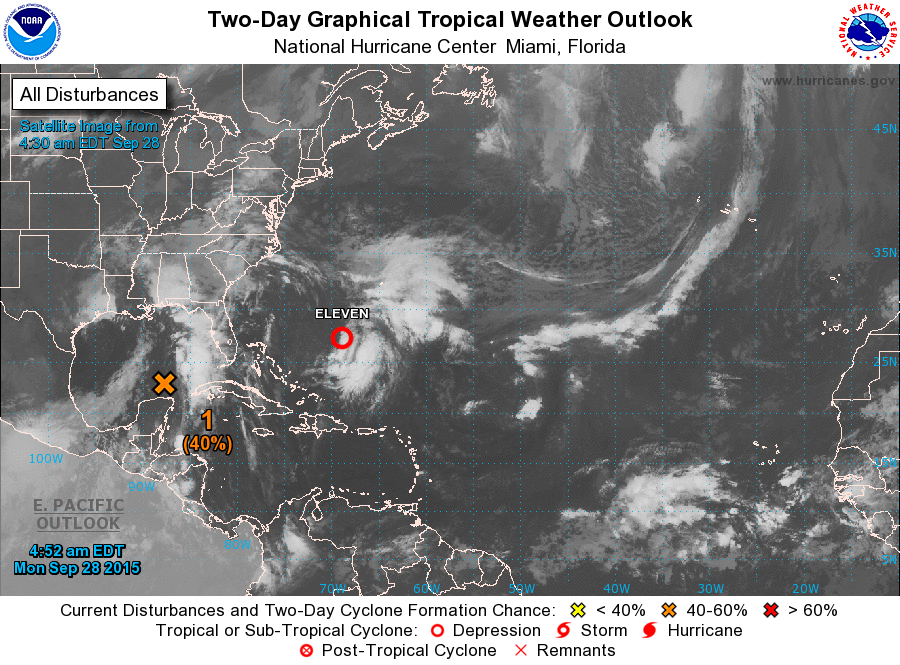
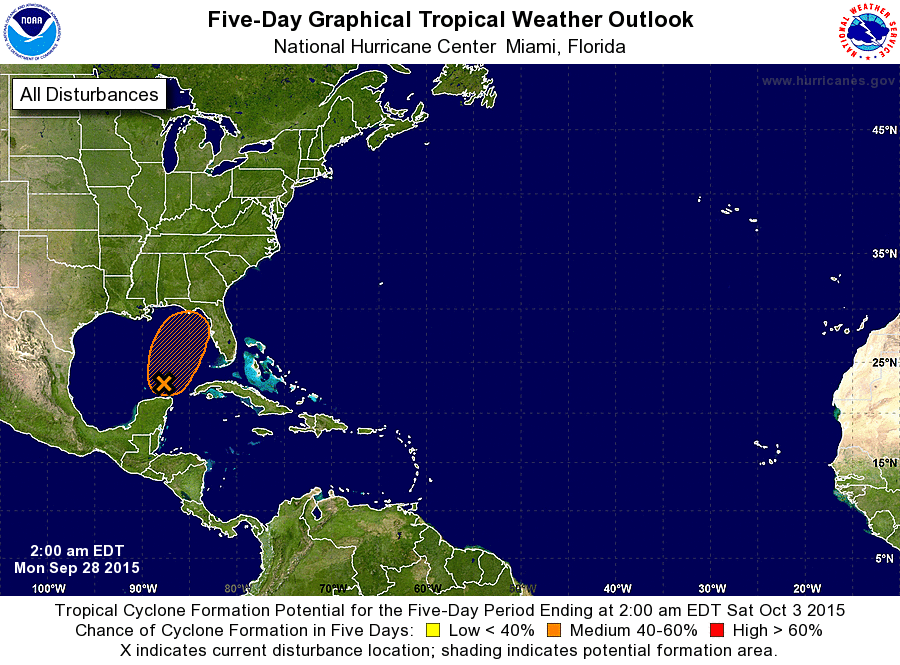
For the North Atlantic...Caribbean Sea and the Gulf of Mexico:

The National Hurricane Center is issuing advisories on newly formed Tropical Depression Eleven, located about midway between the central Bahamas and Bermuda.

1. A low pressure system located over the south-central Gulf of Mexico, about 100 miles north of the northeastern Yucatan Peninsula, is producing an area of disorganized showers and thunderstorms that extends from the eastern Gulf of Mexico southward across western Cuba and the Yucatan Channel. Upper-level winds are expected to remain only marginally conducive for development while the system moves northward toward the northern Gulf Coast during the next couple of days. Regardless of tropical cyclone formation, this disturbance is likely to produce locally heavy rainfall over portions of the northeastern Gulf Coast, and the southeastern United States during the next few days. An Air Force Reserve reconnaissance aircraft is scheduled to investigate the low this afternoon, if necessary. For additional information on this system, see High Seas Forecasts issued by the National Weather Service and products from your local National Weather Service office.
* Formation chance through 48 hours...medium...40 percent
* Formation chance through 5 days...medium...40 percent

Public Advisories on Tropical Depression Eleven are issued under WMO header WTNT31 KNHC and under AWIPS header MIATCPAT1. Forecast/Advisories on Tropical Depression Eleven are issued under WMO header WTNT21 KNHC and under AWIPS header MIATCMAT1.

High Seas Forecasts issued by the National Weather Service can be found under AWIPS header NFDHSFAT1, WMO header FZNT01 KWBC, and on the Web at http://www.opc.ncep.noaa.gov/shtml/NFDHSFAT1.shtml.

Forecaster Roberts